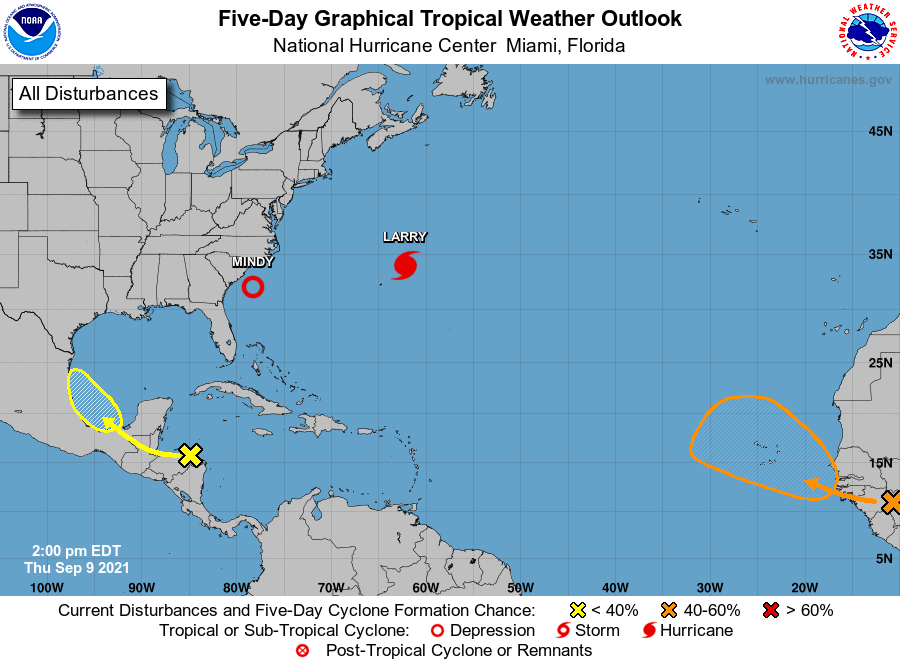
For the North Atlantic...Caribbean Sea and the Gulf of Mexico:

The National Hurricane Center is issuing advisories on Hurricane Larry, located over the western Atlantic a few hundred miles east-northeast of Bermuda, and on Tropical Depression Mindy, located offshore the southeast coast of the United States.

1. The northern portion of a tropical wave is producing disorganized showers and thunderstorms over northeastern Honduras and the western Caribbean Sea. This system is forecast to emerge over the southern Bay of Campeche on Saturday. Environmental conditions are expected to be conducive to support some gradual development of this disturbance before it moves over mainland Mexico early next week.
* Formation chance through 48 hours...low...10 percent.
* Formation chance through 5 days...low...30 percent.

2. A strong tropical wave is expected to emerge off of the west coast of Africa Saturday. Environmental conditions are forecast to be conducive for development thereafter, and a tropical depression could form late this weekend or early next week as it moves west-northwestward over the far eastern Atlantic near the Cabo Verde Islands.
* Formation chance through 48 hours...low...10 percent.
* Formation chance through 5 days...medium...60 percent.

Public Advisories on Tropical Depression Mindy are issued under WMO header WTNT33 KNHC and under AWIPS header MIATCPAT3. Forecast/Advisories on Tropical Depression Mindy are issued under WMO header WTNT23 KNHC and under AWIPS header MIATCMAT3.

Forecaster Pasch/Hagen